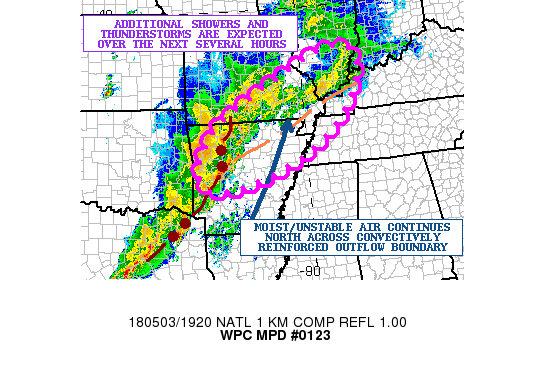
AREAS AFFECTED...CENTRAL/NORTHERN AR...SOUTHERN MO...SOUTHERN
IL...FAR WESTERN KY...FAR WESTERN TN

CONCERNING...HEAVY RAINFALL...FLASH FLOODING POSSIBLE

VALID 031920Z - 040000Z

SUMMARY...ADDITIONAL ROUNDS OF SHOWERS AND THUNDERSTORMS WILL
MAINTAIN THE THREAT FOR SOME RUNOFF PROBLEMS AND POSSIBLE FLASH
FLOODING FOR SEVERAL MORE HOURS.

DISCUSSION...AN EXPANSIVE AXIS OF SHOWERS AND THUNDERSTORMS
CONTINUES TO IMPACT AN AREA FROM NORTHEAST TX UP ACROSS WESTERN
AND NORTHERN AR AND ACROSS SOUTHERN MO. THE CONVECTION CONTINUES
TO BE FAVORED BY A RELATIVELY DIFFLUENT FLOW REGION ALOFT TO THE
EAST OF THE CENTRAL/SOUTHERN PLAINS TROUGH AXIS...AND INTERACTION
WITH A MODESTLY UNSTABLE AIRMASS POOLED UP ACROSS THE LOWER MS
VALLEY WHERE MLCAPE VALUES OF 500 TO 1000 J/KG ARE NOTED.
MEANWHILE...PWATS ACROSS THE REGION ARE RATHER HIGH AT BETWEEN 1.6
TO 1.8 INCHES.

THE CONCERN OVER THE NEXT FEW HOURS WILL BE ADDITIONAL RAINS
OCCURRING OVER AREAS THAT SAW SOME HEAVY RAIN EARLIER TODAY AND
LAST NIGHT. THE MAIN CONCERN FOR RUNOFF AND FLASH FLOODING OVER
THE NEXT FEW HOURS SHOULD TEND TO BE UP ACROSS NORTHERN AR AND
SOUTHERN MO WITH SOME POTENTIAL ALSO FOR FAR SOUTHERN IL. THESE
AREAS HAVE SEEN MULTIPLE ROUNDS OF CONVECTION THIS MORNING WHICH
HAVE RESULT IN WET ANTECEDENT CONDITIONS. ADDITIONAL UPSTREAM
CONVECTION ENTERING WESTERN AR WILL TEND TO GAIN SOME
LATITUDE...AND THERE MAY BE SOME CONVECTIVE REDEVELOPMENT ALSO
NORTH OF AN OUTFLOW BOUNDARY THAT EXTENDS DOWNWIND FROM THE BROKEN
SQUALL-LINE OVER WESTERN AR TOWARD THE LOWER OH VALLEY.

THE OVERALL CONVECTIVE ENVIRONMENT SHOULD TEND TO BECOME LESS
FAVORABLE TOWARD EVENING AS RELATIVELY LIMITED INSTABILITY COUPLED
WITH THE LIFTING OUT OF STRONGER LARGE SCALE FORCING OVER THE
PLAINS SHOULD ALLOW CONVECTION TO BECOME MORE DISORGANIZED.
HOWEVER...AT LEAST FOR THE NEXT FEW HOURS...SUFFICIENT CONVECTION
WILL PERSIST TO AT LEAST MAINTAIN A SHORT-TERM THREAT FOR RUNOFF
PROBLEMS AND POSSIBLE FLASH FLOODING.

EXPECT LOCALLY AN ADDITIONAL 2 TO 3 INCHES OF RAIN TO BE
POSSIBLE...WITH THE HEAVIEST AMOUNTS GENERALLY ALIGNED ACROSS
PARTS OF FAR NORTHERN AR AND SOUTHERN MO WITH SOME EXTENSION INTO
SOUTHERN IL GOING THROUGH 00Z. THIS IS CONSISTENT WITH THE LATEST
HRRR/HRRR-EXP GUIDANCE.